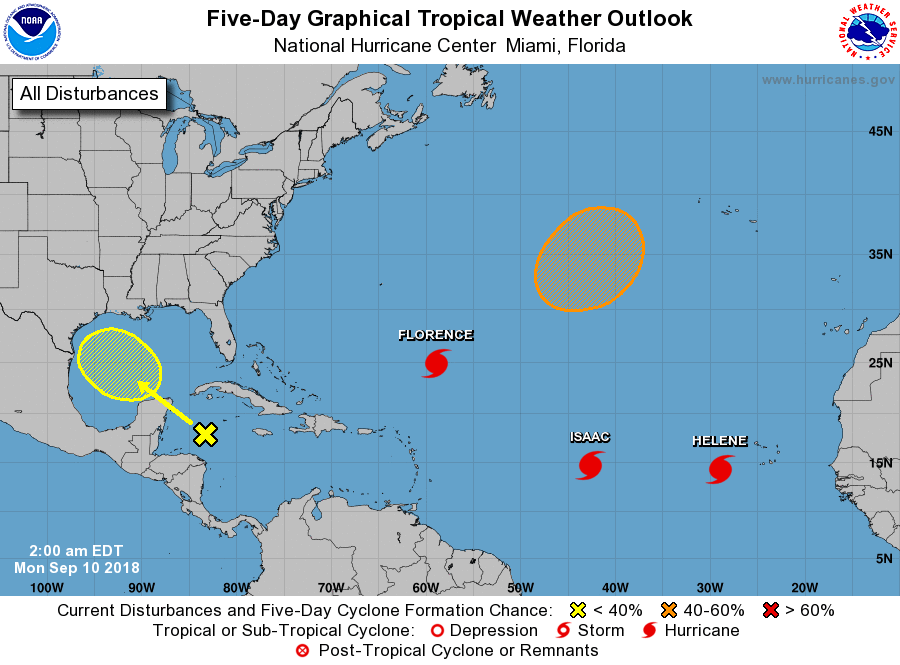
For the North Atlantic...Caribbean Sea and the Gulf of Mexico:

The National Hurricane Center is issuing advisories on Hurricane Florence, located over the west-central Atlantic Ocean, on Hurricane Helene, located over the eastern Atlantic, and on recently upgraded Hurricane Isaac, located over the central tropical Atlantic.

1. Disorganized showers and thunderstorms over the northwestern Caribbean Sea are associated with a tropical wave and an upper-level trough. The disturbance is forecast to move slowly west-northwestward to northwestward across the northwestern Caribbean Sea and the Yucatan peninsula during the next couple of days with little or no development expected during that time. However, upper-level winds are forecast to become a little more conducive for development when the system moves across the western Gulf of Mexico Wednesday through Friday.
* Formation chance through 48 hours...low...near 0 percent.
* Formation chance through 5 days...low...30 percent.

2. A non-tropical area of low pressure is forecast to form in the northeastern Atlantic Ocean several hundred miles west-southwest of the Azores in two or three days. Some slow tropical or subtropical development is possible by the end of the week while the low moves southwestward.
* Formation chance through 48 hours...low...near 0 percent.
* Formation chance through 5 days...medium...40 percent.

Forecaster Cangialosi